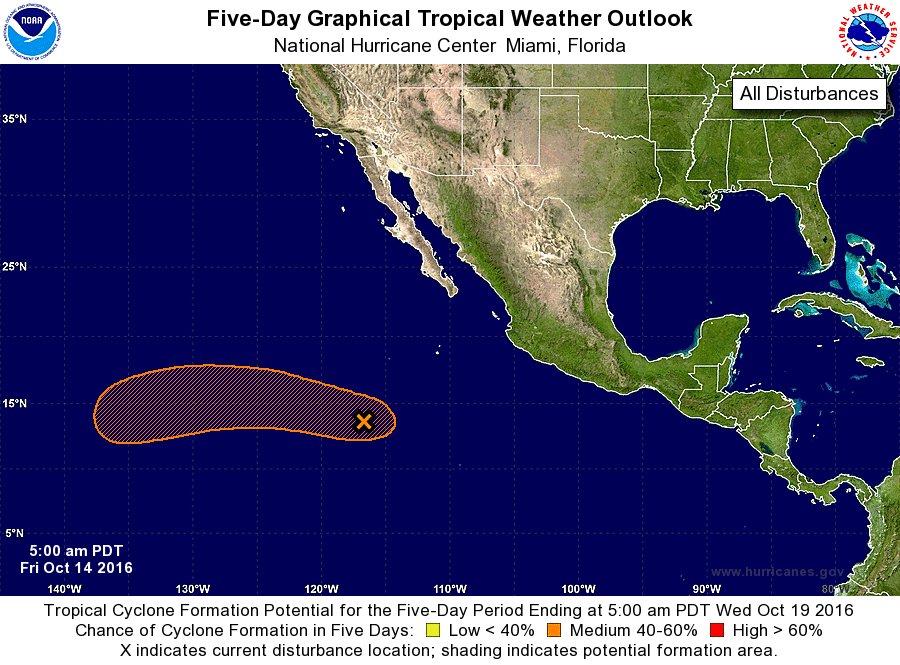
For the eastern North Pacific...east of 140 degrees west longitude:

1. A broad area of low pressure located several hundred miles south-southwest of the southern tip of the Baja California peninsula continues to produce disorganized showers and thunderstorms. Some slow development of this disturbance is possible during the next several days while it moves generally westward at 15 mph.
* Formation chance through 48 hours...low...10 percent
* Formation chance through 5 days...medium...40 percent

Forecaster Roberts